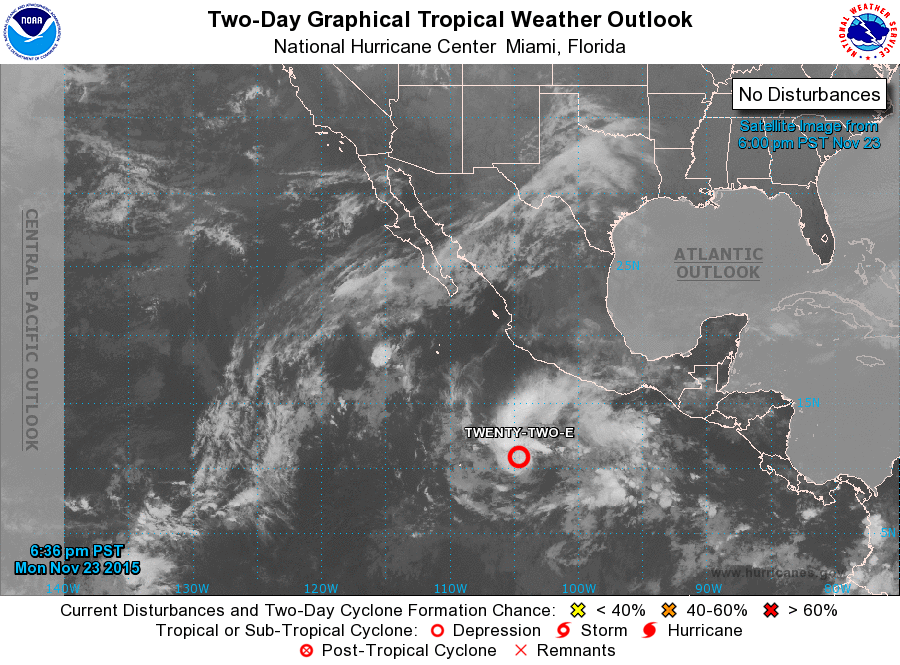
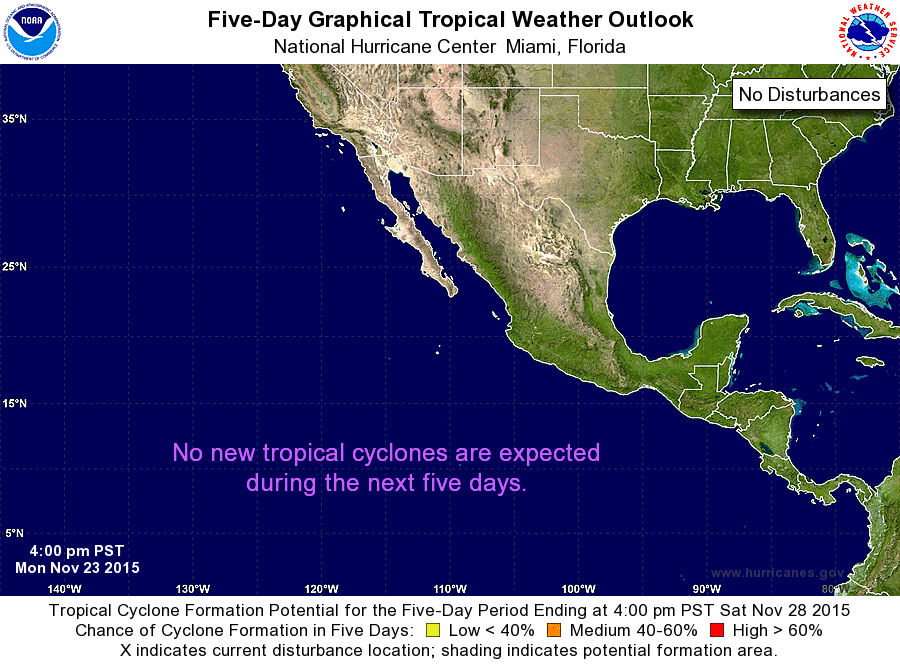
For the eastern North Pacific...east of 140 degrees west longitude:

The National Hurricane Center is issuing advisories on Tropical Depression Twenty-Two-E, located several hundred miles south-southwest of Acapulco, Mexico.

Tropical cyclone formation is not expected during the next 5 days.

&&
Public Advisories on Tropical Depression Twenty-Two-E are issued under WMO header WTPZ32 KNHC and under AWIPS header MIATCPEP2. Forecast/Advisories on Tropical Depression Twenty-Two-E are issued under WMO header WTPZ22 KNHC and under AWIPS header MIATCMEP2.

Forecaster Cangialosi